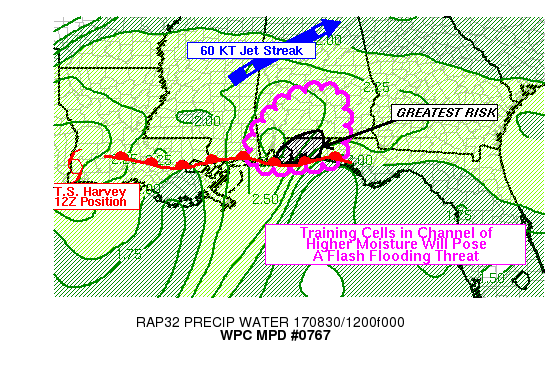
AREAS AFFECTED...EXTREME SE MS...SRN AL...WRN FL PANHANDLE

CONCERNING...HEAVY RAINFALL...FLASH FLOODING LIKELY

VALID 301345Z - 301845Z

SUMMARY...TRAINING CONVECTIVE CELLS EMBEDDED IN A CHANNEL OF
HIGHER ATMOSPHERIC MOISTURE CONTENT WILL POSE A THREAT FOR FLASH
FLOODING. RAIN RATES OF 2-3 IN/HR WILL BE POSSIBLE WITH STRONGER
CONVECTION.

DISCUSSION...AS OF 13 UTC...REGIONAL RADARS REVEALED A NARROW
RIBBON OF MORE VIGOROUS CONVECTION EXTENDING FROM THE WESTERN TIP
OF THE FLORIDA PANHANDLE SSW INTO THE CENTRAL GULF OF MEXICO. THE
BLENDED-TPW PRODUCT REVEALS THIS IS EMBEDDED IN A PLUME OF HIGHER
PRECIPITABLE WATER VALUES ON THE ORDER OF 2.5 INCHES...AND GPS PW
OBSERVATIONS NEAR MOBILE BAY ARE AS HIGH AS 2.7 INCHES.
THEREFORE...THIS CONVECTION WOULD BE EXPECTED TO BE VERY EFFICIENT
AT RAINFALL PRODUCTION...AND THAT IS CONFIRMED BY OBSERVED DUAL
POL RAIN RATES ON KMOB RADAR AS HIGH AS 2-3 IN/HR.

THE EASTWARD EXTENT OF THE THREAT MAY INITIALLY BE RESTRICTED BY
SOME DRIER AIR TO THE EAST...AS INDICATED IN THE NON-OPERATIONAL
GOES-16 AIR MASS RGB IMAGERY. MEANWHILE...THE WEST AND NORTHWEST
EXTENT MAY BE RESTRICTED BY LOWER INSTABILITY...WITH STRATIFORM
RAIN MORE COMMON OVER THE MS-AL BORDER REGION AND INTO CENTRAL AL.
THEREFORE...THE GREATEST RISK OF FLASH FLOODING THROUGH 18Z IS
EXPECTED TO BE IN THE MIDDLE...ROUGHLY FROM BALDWIN COUNTY ALABAMA
EAST TO OKALOOSA COUNTY FLORIDA.

CONVECTIVE BANDS WITH HEAVY RAINFALL SHOULD PERSIST THROUGH MIDDAY
WITH SEVERAL FACTORS FAVORING MAINTENANCE OF CONVECTION. THERE IS
SOME LARGE SCALE SUPPORT FROM A 50-60 KNOT 300MB JET STREAK THAT
THE RAP HAS EXTENDING FROM CENTRAL MS INTO THE SOUTHERN
APPALACHIANS. THE 12Z BMX SOUNDING HAD A 52 KNOT WIND AT 300MB.
THIS WILL FAVOR UPPER LEVEL DIVERGENCE IN THE RIGHT ENTRANCE
REGION OF THE JET STREAK...OVER THE MPD AREA. STRONG LOW-LEVEL
MOISTURE TRANSPORT WILL ALSO CONTINUE INTO THE AREA. AND CLEAR
SKIES TO THE EAST OF ONGOING CONVECTION SHOULD LEAD TO GREATER
INSTABILITY BY LATE MORNING...WHICH MAY LEAD TO SLIGHTLY EASTWARD
PREFERENTIAL STORM MOTIONS AND A CONTINUED FOCUSING OF THE THREAT
IN THE EASTERN HALF OF THE MPD AREA. FURTHERMORE...INCREASING
TEMPERATURE AND INSTABILITY GRADIENTS WITH DIURNAL HEATING COULD
HELP FOCUS LOW-LEVEL CONVERGENCE...AND CONVECTIVE ELEMENTS THAT
HAVE THUS FAR BEEN MORE SCATTERED MAY BE ABLE TO ORGANIZE INTO
MORE PERSISTENT RAIN BANDS.

RAIN RATES OF UP TO 2-3 IN/HR CAN BE EXPECTED...EVEN IF CONVECTION
REMAINS MORE SCATTERED...WHICH SUPPORTS A RISK OF FLASH FLOODING.
SLIGHTLY HIGHER RATES MAY OCCUR IF CONVECTION CAN ORGANIZE INTO
ONE OR MORE LARGER RAIN BANDS.